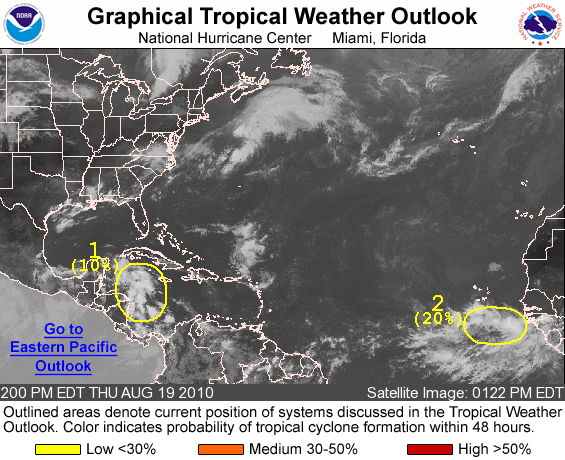
FOR THE NORTH ATLANTIC...CARIBBEAN SEA AND THE GULF OF MEXICO...

1. SHOWERS AND THUNDERSTORMS HAVE INCREASED OVER THE PAST SEVERAL HOURS IN ASSOCIATION WITH A TROPICAL WAVE THAT IS MOVING WESTWARD AT ABOUT 15 MPH OVER THE WESTERN CARIBBEAN SEA. HOWEVER...NO SIGNIFICANT DEVELOPMENT IS EXPECTED BEFORE THIS SYSTEM MOVES OVER THE YUCATAN PENINSULA AND CENTRAL AMERICA TONIGHT AND EARLY FRIDAY. THERE IS STILL A LOW CHANCE...10 PERCENT...OF TROPICAL CYCLONE FORMATION DURING THE NEXT 48 HOURS.

2. A LARGE AREA OF DISTURBED WEATHER EXTENDS FROM THE WEST COAST OF AFRICA TO THE SOUTH OF THE CAPE VERDE ISLANDS. THE ASSOCIATED SHOWER AND THUNDERSTORM ACTIVITY IS DISORGANIZED...BUT ENVIRONMENTAL CONDITIONS APPEAR FAVORABLE FOR SOME DEVELOPMENT OF THIS SYSTEM AS IT MOVES SLOWLY WESTWARD. THERE IS A LOW CHANCE...20 PERCENT...OF THIS SYSTEM BECOMING A TROPICAL CYCLONE DURING THE NEXT 48 HOURS.

ELSEWHERE...TROPICAL CYCLONE FORMATION IS NOT EXPECTED DURING THE NEXT 48 HOURS.

FORECASTER BERG/PASCH